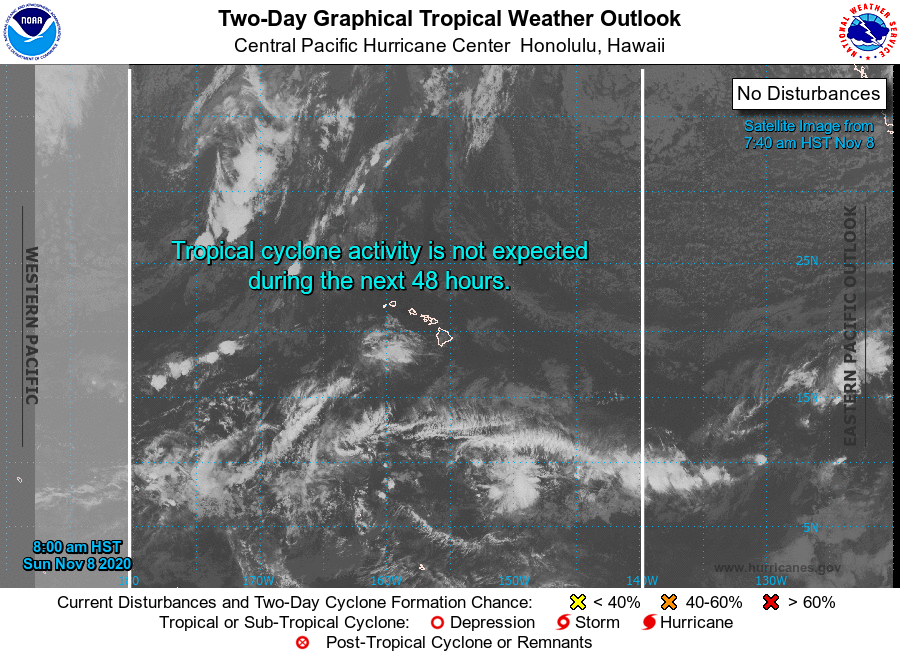
For the central North Pacific...between 140W and 180W:

No tropical cyclones are expected during the next 5 days.

Forecaster Lau